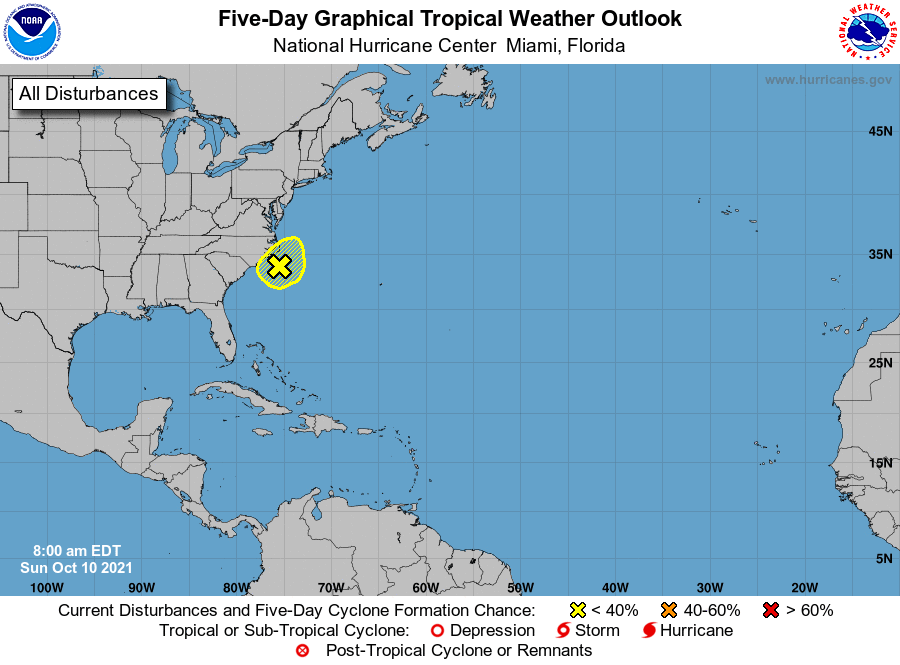
For the North Atlantic...Caribbean Sea and the Gulf of Mexico:

1. Shower and thunderstorm activity has decreased and become less organized in association with a large non-tropical low pressure area located about 90 miles southeast of Morehead City, North Carolina. Earlier satellite wind data indicated that the system was producing an area of gale-force winds in its northern semicircle offshore the North Carolina coast. However, dry air and strong upper-level winds are beginning to decrease the chance for further development of this system. The low is forecast to move slowly north-northeastward and approach eastern North Carolina later today. Interests in that area should monitor the progress of this system and refer to local National Weather Service office products for more information. Regardless of development, intermittent periods of locally heavy rains and gusty winds will affect southeastern and eastern portions of North Carolina during the next day or two. Additional information on this low pressure system, including gale warnings, can be found in High Seas Forecasts issued by the National Weather Service.
* Formation chance through 48 hours...low...30 percent.
* Formation chance through 5 days...low...30 percent.

High Seas Forecasts issued by the National Weather Service can be found under AWIPS header NFDHSFAT1, WMO header FZNT01 KWBC, and online at ocean.weather.gov/shtml/NFDHSFAT1.php

Forecaster Latto